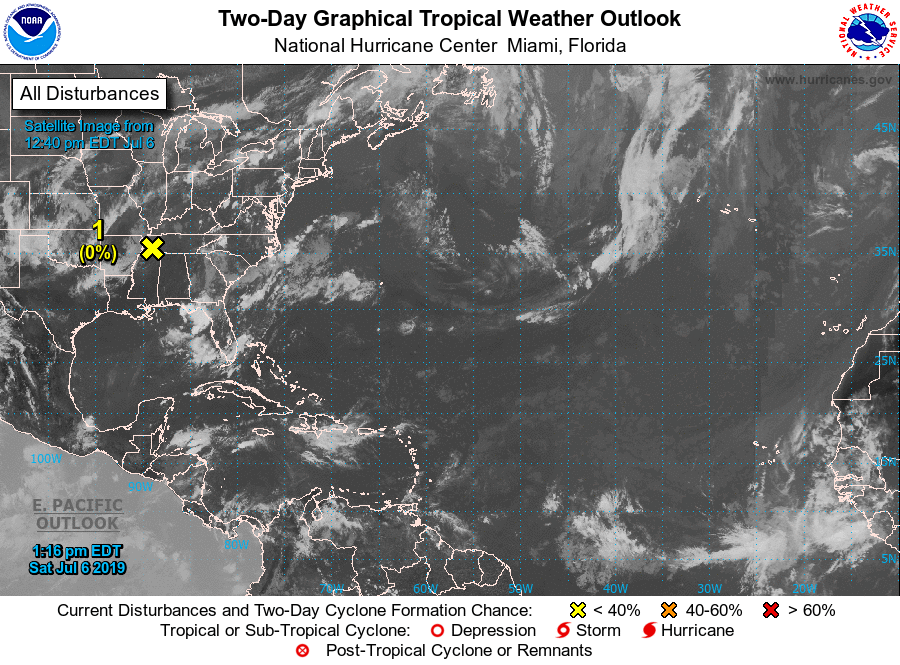
For the North Atlantic...Caribbean Sea and the Gulf of Mexico:

1. A trough of low pressure over western Kentucky, Tennessee and northern Mississippi is forecast to move over the northeastern Gulf of Mexico where a low pressure area could form early next week. Some gradual development of the system is then possible as it drifts westward over the northern Gulf of Mexico through midweek.
* Formation chance through 48 hours...low...near 0 percent.
* Formation chance through 5 days...low...20 percent.

Forecaster Blake